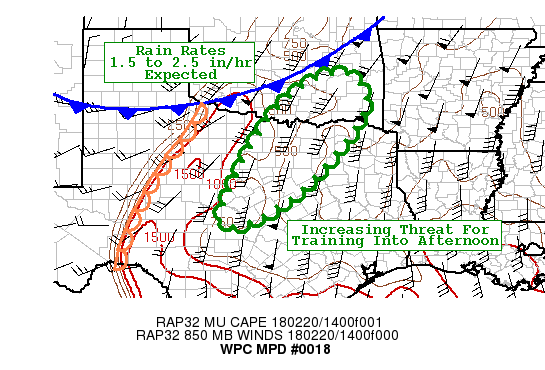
AREAS AFFECTED...CNTRL TO N-CNTRL TX INTO SERN OK

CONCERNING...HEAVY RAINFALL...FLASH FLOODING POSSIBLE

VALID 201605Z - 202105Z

SUMMARY...FLASH FLOODING WILL BE POSSIBLE ACROSS PORTIONS OF CNTRL
TO N-CNTRL TX INTO SERN OK THROUGH 21Z. RAINFALL RATES OF 1.5 TO
2.5 IN/HR COULD LEAD TO 6 HOUR RAINFALL AMOUNTS BETWEEN 3-5 INCHES
ON A LOCALIZED BASIS.

DISCUSSION...RADAR IMAGERY AT 1530Z SHOWED A BROKEN LINE OF
LARGELY ELEVATED CONVECTION EXTENDING SSW FROM THE CNTRL TX/OK
BORDER TO THE TX HILL COUNTRY. BRIEF PERIODS OF TRAINING WERE
NOTED ALONG THIS LINE OVER EASTLAND AND PALO PINTO COUNTIES WITH
DUAL-POL ESTIMATED RAINFALL RATES OF 1.5 TO 2.5 IN/HR. CIRA
LAYERED PRECIPITABLE WATER IMAGERY OVER THE PAST 12 HOURS SHOWED
LOW LEVEL MOISTURE SURGING NORTHWARD FROM THE GULF OF MEXICO INTO
ERN TX/ERN OK WITH THE MID AND UPPER LEVELS SHOWING A DIRECT
CONNECTION TO THE TROPICAL EAST PACIFIC. 12Z RAOB DATA FROM OUN
AND FWD ALONG WITH RECENT GPS MEASUREMENTS INDICATED PRECIPITABLE
WATER VALUES WERE ROUGHLY 1.25 TO 1.5 INCHES AHEAD OF A STRONG
COLD FRONT SURGING SOUTH THROUGH OK. INSTABILITY WAS SOMEWHAT OF A
LIMITING FACTOR FOR MORE ROBUST CONVECTION...BUT 250-750 J/KG
ESTIMATED MUCAPE PER RECENT DATA FROM THE SPC MESOANALYSIS PAGE IS
SUFFICIENT TO SUPPORT A HEAVY RAIN/FLASH FLOOD THREAT.

AS THE AFTERNOON PROGRESSES...INSTABILITY VALUES ARE EXPECTED TO
INCREASE...ESPECIALLY NEAR AND SOUTH OF I-20 AS SEEN IN RECENT
HRRR MODEL RUNS. RAP DATA SHOWS INCREASING UPPER LEVEL DIVERGENCE
TIED TO THE RIGHT ENTRANCE REGION OF A LARGE JET CORE EXTENDING
FROM THE SRN PLAINS INTO THE UPPER MS VALLEY ALONG WITH MODERATELY
DIFFLUENT WIND VECTORS. WINDS FROM 850-200 MB ARE UNIDIRECTIONAL
FROM THE SSW AND ESTIMATED INFLOW AT 850 MB MEETS OR EXCEEDS
OBSERVED STORM MOTIONS OF 30-40 KT ACROSS NRN TX... SUPPORTIVE OF
TRAINING.

THE EXPECTATION IS FOR CONVECTION TO INCREASE TO THE SOUTH TOWARD
CNTRL TX...CONNECTING WITH ONGOING CONVECTION TO THE NORTH...WITH
THE WHOLE AREA SLOWLY MIGRATING TOWARD THE EAST IN A BROKEN
FASHION. EMBEDDED ELEMENTS OF TRAINING ARE EXPECTED TO DEVELOP
ANYWHERE SOUTHWEST OF THE DFW METROPLEX INTO SERN OK AS EVIDENCED
BY A CONSENSUS OF THE 12Z HI-RES MODEL SUITE. A BROAD 1-3 INCHES
APPEARS LIKELY THROUGH 21Z ACROSS THE MPD THREAT AREA WITH
LOCALIZED POCKETS OF 3-5 INCHES POSSIBLE...WHICH SHOULD FALL ON A
2-4 HOUR TIME SCALE...IN EXCESS OF FLASH FLOOD GUIDANCE VALUES
ACROSS THE REGION.